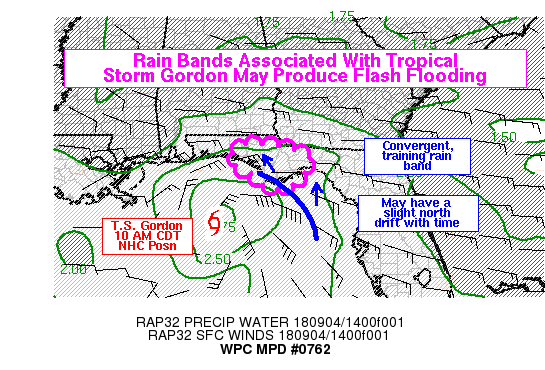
Areas affected...Florida Panhandle

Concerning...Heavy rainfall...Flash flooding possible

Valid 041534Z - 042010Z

Summary...Peripheral rain bands from Tropical Storm Gordon may
impact portions of the Florida Panhandle into the afternoon. These
rain bands would be likely to produce very heavy rain rates
approaching (or locally exceeding) 3 in/hr, which could lead to
flash flooding, particularly if they align with urban areas.

Discussion...KEVX and KTLH radars showed a prominent convergent
band of convection extending from near PAM to AAF, and on into the
eastern Gulf of Mexico to near the buoy 42022 west of TPA. The
radars were showing ZDR values just over 1 dB coincident with Z
values reaching 50 dBZ, implying very large concentrations of
smaller, more spherical droplets. This is a common feature of
tropical rain bands, and suggests that 3 in/hr rain rates would be
achievable if the rain band can persist in a particular area for
that length of time. A WeatherSTEM mesonet site near Port St. Joe
recorded 0.61 inches of rain in 15 minutes, but the convective
band was somewhat disjointed in that area and thus the rain rates
were not sustained. Therefore, rainfall could be limited by a
non-continuous line of convection, and would also be limited by a
drift in a particular direction. There are some hints on GOES-16
IR satellite that a slow northward drift of the band was
occurring, and this could prevent the convective rain band from
locking in to a particular location.

Hi-res models were struggling with depicting this rain band, and
thus the rainfall and flash flood potential may be a little higher
than they would suggest. There is an obvious convergent pattern to
the surface wind observations in this area, and that could help
sustain a relatively solid convective band for at least a few
hours. MRMS and KTLH dual pol estimates showed rain rates peaking
around or just over 3 in/hr offshore, and given the observed rain
rates by mesonet sites, 3 in/hr rain rates would be possible over
land as well if the convective band is sustained for a sufficient
period of time. With the limiting factors already mentioned, flash
flooding may be localized where the overall mesoscale setup and
storm-scale processes combine to briefly sustain heavy rain rates
for a longer period of time, particularly if that occurs over an
urban area.